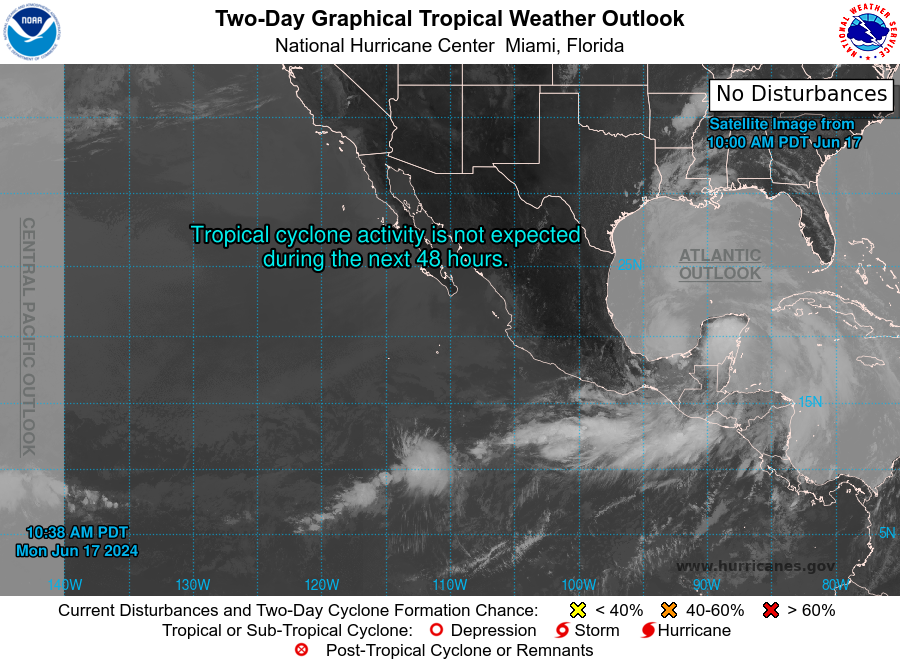
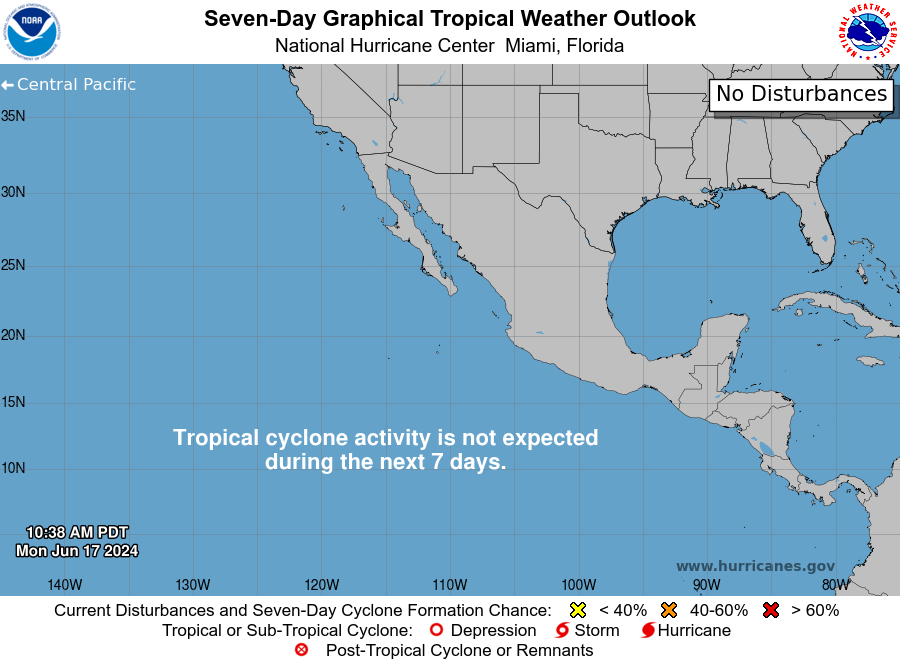
For the eastern North Pacific...east of 140 degrees west longitude:

Tropical cyclone formation is not expected during the next 7 days.

Forecaster Bucci